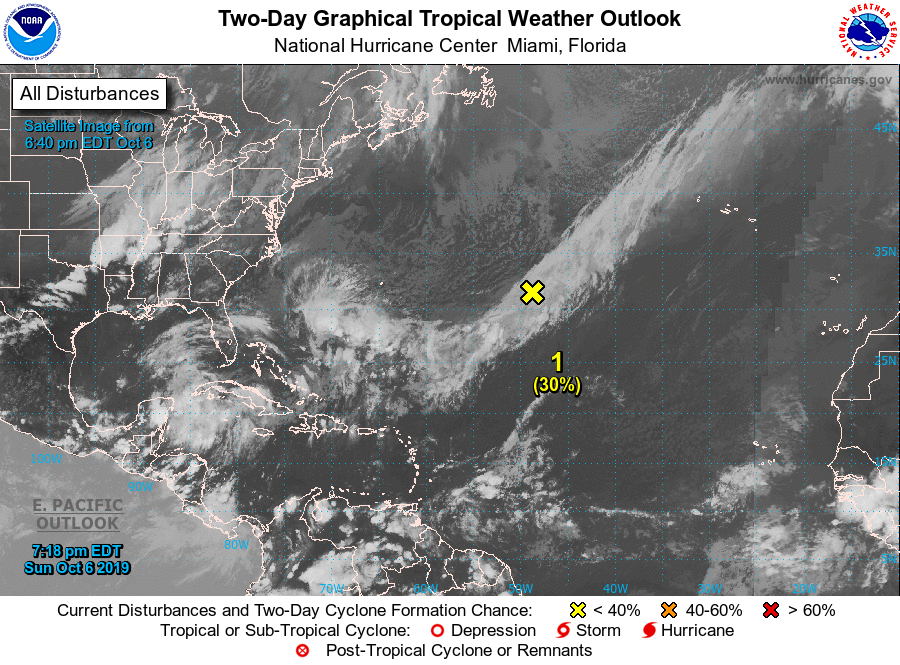
For the North Atlantic...Caribbean Sea and the Gulf of Mexico:

1. A non-tropical low pressure system is expected to develop along a frontal boundary over the central Atlantic Ocean between Bermuda and the Azores by late Monday. Gradual development of this system is possible while it moves slowly westward, and a tropical or subtropical depression could form on Tuesday or Wednesday before upper-level winds become unfavorable.
* Formation chance through 48 hours...low...30 percent.
* Formation chance through 5 days...medium...50 percent.

2. Another non-tropical low pressure system is forecast to develop over the western North Atlantic between Bermuda and the east coast of the United States by the middle of the week. The low could acquire some subtropical characteristics later in the week while it meanders off the east coast of the United States.
* Formation chance through 48 hours...low...near 0 percent.
* Formation chance through 5 days...low...30 percent.

Forecaster Cangialosi